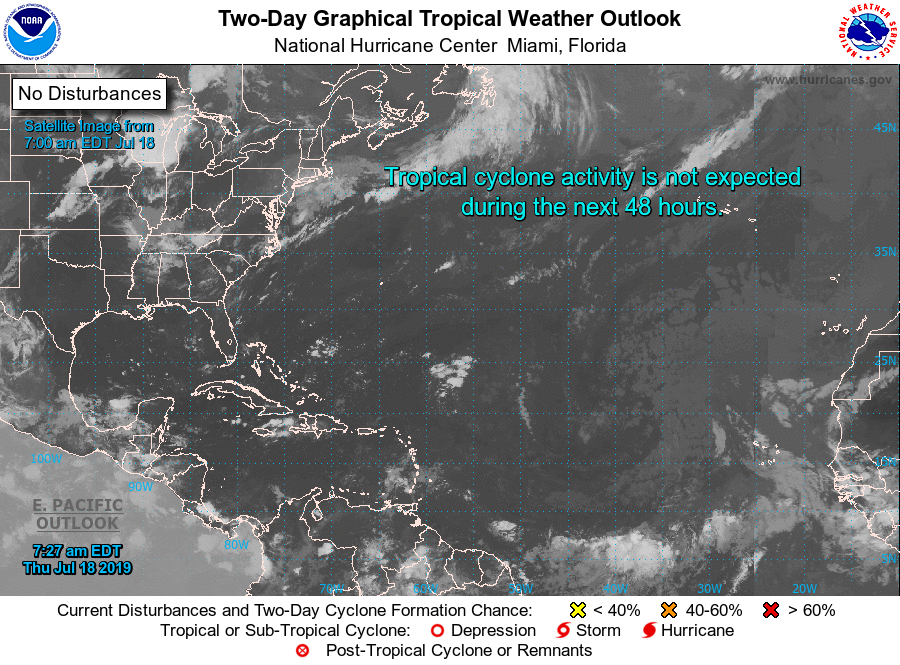
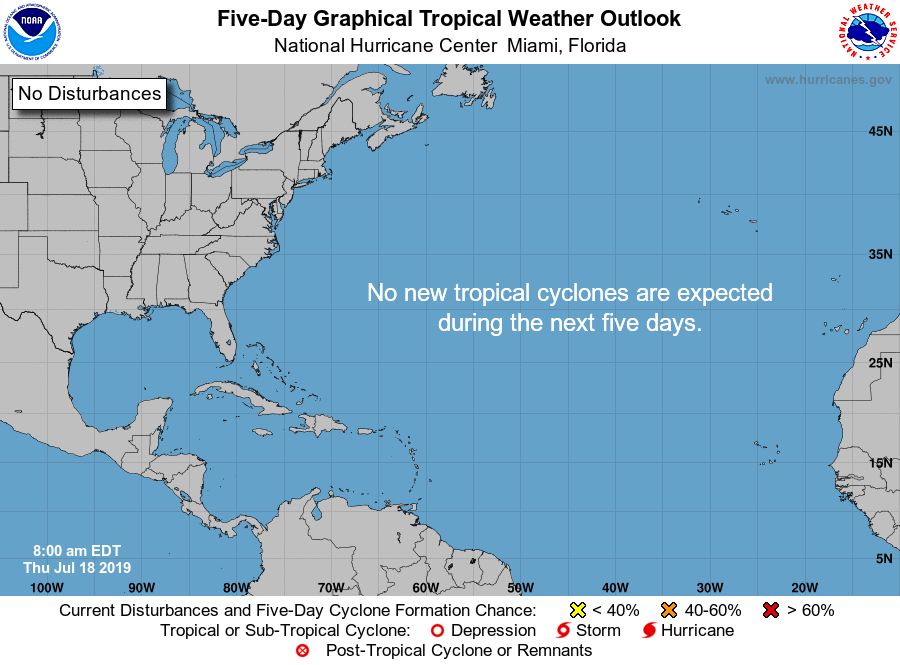
For the North Atlantic...Caribbean Sea and the Gulf of Mexico:

Tropical cyclone formation is not expected during the next 5 days.

Forecaster Brown